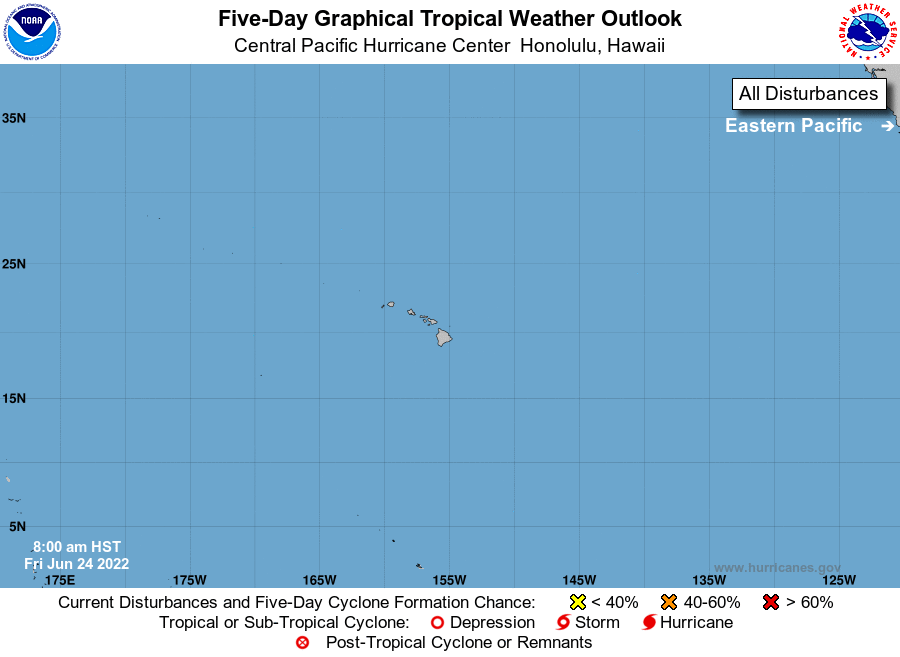
For the central North Pacific...between 140W and 180W:

No tropical cyclones are expected during the next 5 days.

Forecaster Birchard